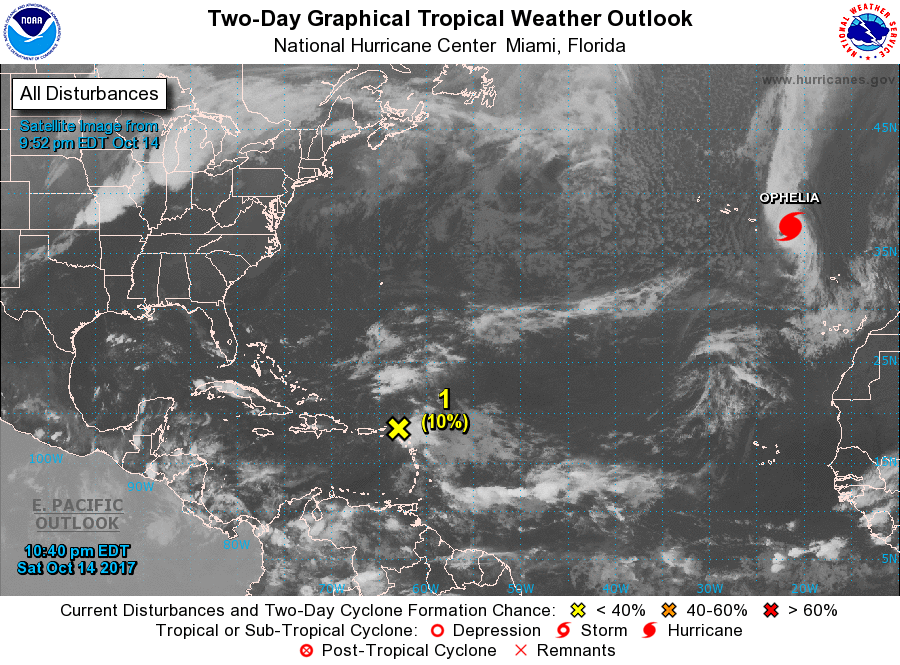
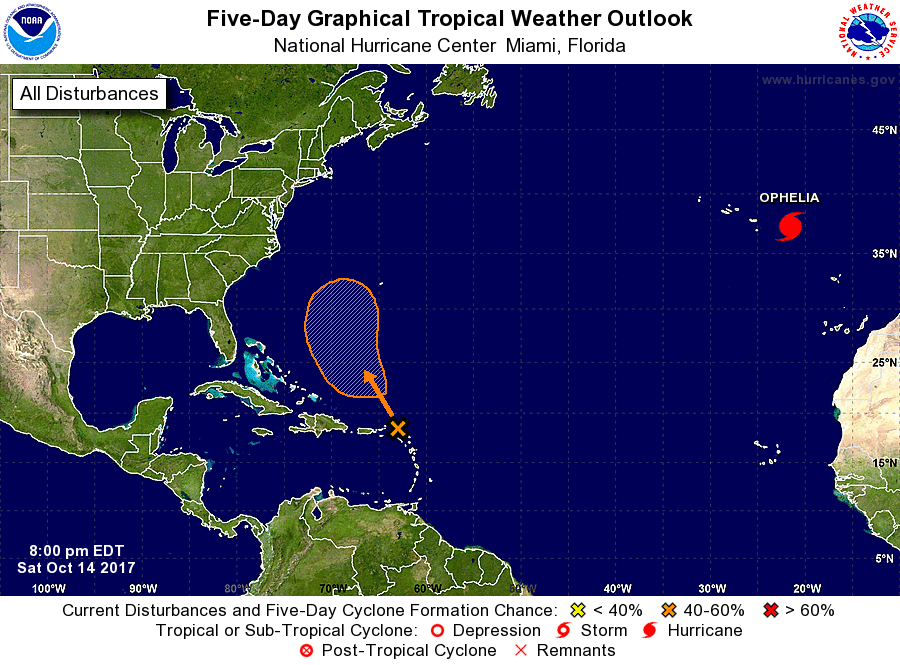
For the North Atlantic...Caribbean Sea and the Gulf of Mexico:

The National Hurricane Center is issuing advisories on Hurricane Ophelia, located over the eastern Atlantic Ocean about 100 miles southeast of the eastern Azores.

1. A broad area of low pressure centered near the northern Leeward Islands is producing disorganized showers and squalls over portions of the Leeward Islands and adjacent waters. This activity is expected to spread over the Virgin Islands and Puerto Rico tonight and Sunday. Upper-level winds are expected to remain unfavorable for development during the next day or two, but the environment could become a little more conducive for some development early next week when the system begins to move northward and then recurves over the west-central Atlantic Ocean.
* Formation chance through 48 hours...low...10 percent.
* Formation chance through 5 days...medium...40 percent.

Forecaster Brown